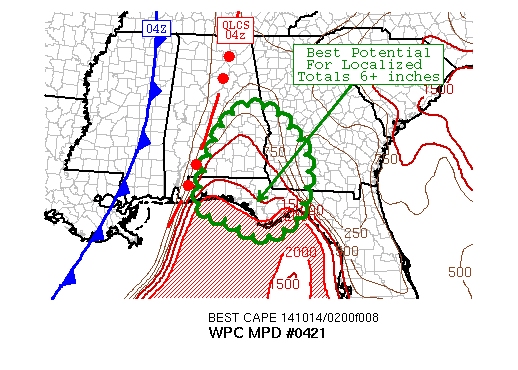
AREAS AFFECTED...FLORIDA PANHANDLE INTO ERN ALABAMA / WRN GEORGIA

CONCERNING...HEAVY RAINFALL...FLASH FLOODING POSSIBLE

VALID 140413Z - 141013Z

SUMMARY...RELATIVELY NARROW BANDS OF HEAVY RAIN WILL PERSIST OUT
AHEAD OF AN APPROACHING SQUALL LINE THROUGH 10Z WITH POSSIBLE
FLASH FLOODING. INSTABILITY SUPPORTIVE OF RAIN RATES OF UP TO 2
IN/HR SHOULD REMAIN WITHIN ~150 MILES OF THE GULF COAST.

DISCUSSION...04Z RADAR AND SURFACE OBSERVATIONS SHOWED A COLD
FRONT STRETCHING THROUGH ERN MISSISSIPPI AND LOUISIANA WITH A QLCS
OUT AHEAD OF THE FRONT ACROSS CNTRL ALABAMA MOVING EAST AT ABOUT
20-25 KTS. RADAR FROM KTLH AND KEVX HAVE BEEN SHOWING NARROW
STREAKS OF HEAVY RAIN...ROUGHLY 5-10 MILES WIDE...WITH RADAR
ESTIMATED TOTALS OF 3-4 INCHES IN THE PAST 3 HOURS...MOST NOTABLY
ACROSS WRN LIBERTY AND FRANKLIN COUNTIES.

WITHOUT REPEATING MUCH OF WHAT WAS STATED IN A RECENT SPENES
MESSAGE FROM 0241Z...THE ENVIRONMENT CHARACTERIZED BY PWATS 1.75
TO 2.25 INCHES...30-50 KTS LOW LEVEL FLOW WITH LITTLE DIRECTIONAL
SHEAR AND EXCELLENT DIFFLUENCE ALOFT WILL CONTINUE THROUGH THE
NIGHT.

EVEN THE BETTER PERFORMING HI-RES MODELS CONTINUE TO BE ABOUT 3
HOURS SLOW WITH THE HEAVY RAIN...BUT THEY AGREE THAT AVAILABLE
INSTABILITY GREATER THAN 1000 J/KG WILL REMAIN WITHIN 150 MILES OF
THE COAST THROUGH 10Z. INDICATIONS ARE THAT NARROW AXES OF HEAVY
RAIN WILL LIKELY CONTINUE WITH WARM ADVECTION ATOP THE REMAINS OF
A WEAKENING POLAR WARM FRONT ACROSS THE ERN GULF OF MEXICO. THE
COVERAGE OF FLASH FLOODING IS NOT EXPECTED TO BE WIDESPREAD ACROSS
THE HIGHLIGHTED THERAT AREA...BUT RAINFALL TOTALS OF 6+ INCHES ARE
POSSIBLE ON A 1 TO 2 COUNTY-WIDE BASIS FROM THE FLORIDA PANHANDLE
INTO SERN ALABAMA AND SWRN GEORGIA.